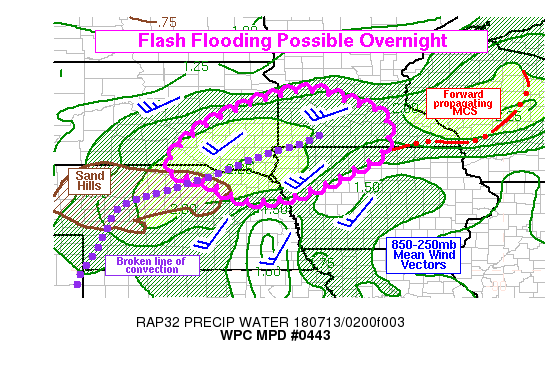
AREAS AFFECTED...SERN SD...SRN MN...NERN NE...NWRN IA

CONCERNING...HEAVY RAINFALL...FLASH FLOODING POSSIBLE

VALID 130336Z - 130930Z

SUMMARY...THUNDERSTORMS SHOULD CONTINUE TO AFFECT THE WESTERN CORN
BELT REGION OVERNIGHT WITH LOCALIZED SWATHS OF OVER 3 INCHES OF
RAINFALL POSSIBLE. RAIN RATES IN THE STRONGER STORMS COULD REACH
1-2 IN/HR...AND IF SUSTAINED FOR A COUPLE HOURS THIS COULD LEAD TO
FLASH FLOODING.

DISCUSSION...REGIONAL RADARS SHOWED AN ARC OF CONVECTION EXTENDING
ACROSS MUCH OF THE UPPER MISSISSIPPI RIVER VALLEY AND CENTRAL
PLAINS. A FORWARD PROPAGATING MCS WAS PUSHING INTO WISCONSIN...AND
THE TRAILING CONVECTION NEAR THE MN-IA BORDER REGION WAS SINKING
STEADILY SOUTHEAST (KARX RADAR SHOWED A PROMINENT OUTFLOW BOUNDARY
ACCELERATING AHEAD OF THE CONVECTION). THEREFORE THIS MCS WAS
GENERALLY EXHIBITING A WEAKENING TREND. FURTHER WEST...A BROKEN
LINE OF CONVECTION EXTENDED FROM SW MINNESOTA INTO NRN AND WRN
NEBRASKA. THIS BAND ROUGHLY PARALLELED THE DEEP LAYER MEAN
WINDS...WHICH WAS LEADING TO SOME TRAINING. HOWEVER...THE RAGGED
APPEARANCE OF THE LINE...WITH RELATIVELY LARGE GAPS BETWEEN
INDIVIDUAL CONVECTIVE CLUSTERS...WAS LIMITING THE 2-4HR RAIN RATES
(AND THUS FLASH FLOOD POTENTIAL) SOMEWHAT. IN INDIVIDUAL
CLUSTERS...THE RAIN RATES WERE FAIRLY HIGH (1-2 IN/HR). IF THE
CONVECTION CAN FORM A MORE CONTINUOUS LINE OVERNIGHT THEN FLASH
FLOODING WOULD BECOME MORE LIKELY. THE WESTWARD EXTENT OF THE
GREATEST FLASH FLOOD CHANCES SHOULD BE LIMITED BY THE NEBRASKA
SAND HILLS...WHICH HAVE MUCH HIGHER FLASH FLOOD GUIDANCE AND
GENERALLY TAKE MUCH MORE RAINFALL TO GENERATE FLASH FLOODING.

PRECIPITABLE WATER VALUES ARE CLOSE TO 2 INCHES...WHICH IS ABOVE
THE 99TH PERCENTILE FOR THE SIOUX FALLS AREA FOR JULY. THIS SHOULD
CONTINUE TO SUPPORT HEAVY RAIN RATES WHERE STRONGER CONVECTIVE
CLUSTERS DEVELOP OR EXPAND. THE PRIMARY QUESTION RELATED TO FLASH
FLOOD POTENTIAL IS WHETHER OR NOT THE CONVECTION WILL BECOME MORE
CONTINUOUS OVERNIGHT. THIS DOES NOT SEEM TO BE THE MOST LIKELY
SCENARIO BASED ON CURRENT TRENDS... MODEL FORECASTS SHOWING STEADY
OR SLIGHTLY DECREASING LOW-LEVEL INFLOW THAT WILL VEER WITH
TIME... AND CONVECTIVE MODE SUGGESTED BY CONVECTION-ALLOWING MODEL
REFLECTIVITY FIELDS. THEREFORE...FLASH FLOODING DOES SEEM POSSIBLE
BASED ON FAVORABLE ENVIRONMENTAL CONDITIONS FOR EFFICIENT RAINFALL
PRODUCTION AND CELL TRAINING...BUT THE PROBABILITY AND COVERAGE
MAY BE LIMITED BY CONVECTIVE MODE.